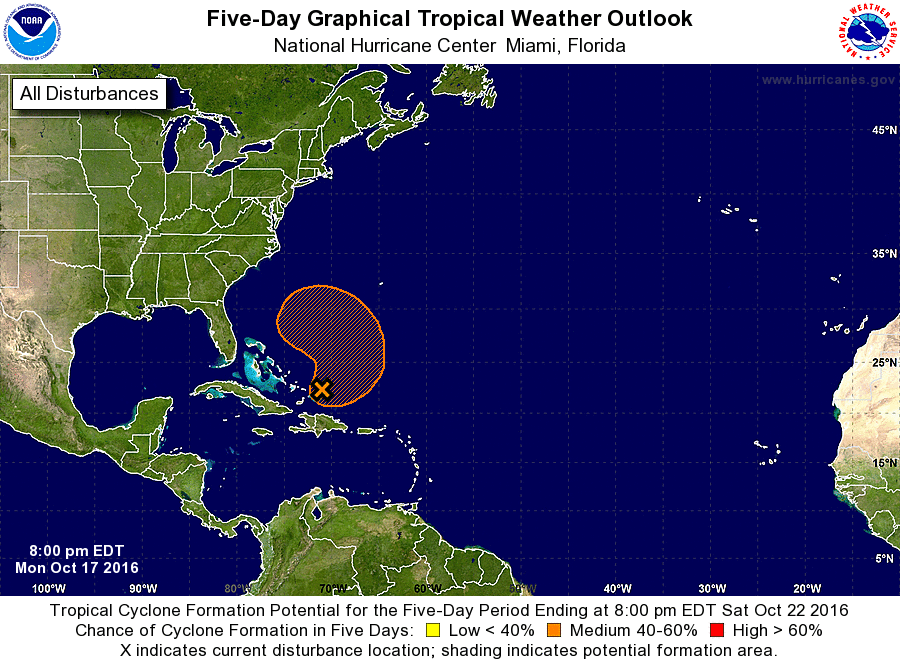
For the North Atlantic...Caribbean Sea and the Gulf of Mexico:

The National Hurricane Center is issuing advisories on Hurricane Nicole, located several hundred miles east-southeast of Cape Race, Newfoundland.

1. A broad area of low pressure located near the southeastern Bahamas is producing a large area of cloudiness and disorganized thunderstorms over the western Atlantic between the Bahamas and Bermuda. Upper-level winds are currently unfavorable for significant development, but could become more conducive for subtropical or tropical cyclone formation on Wednesday or Thursday when the system begins to drift northward or north-northwestward.
* Formation chance through 48 hours...low...30 percent
* Formation chance through 5 days...medium...60 percent

Forecaster Brown